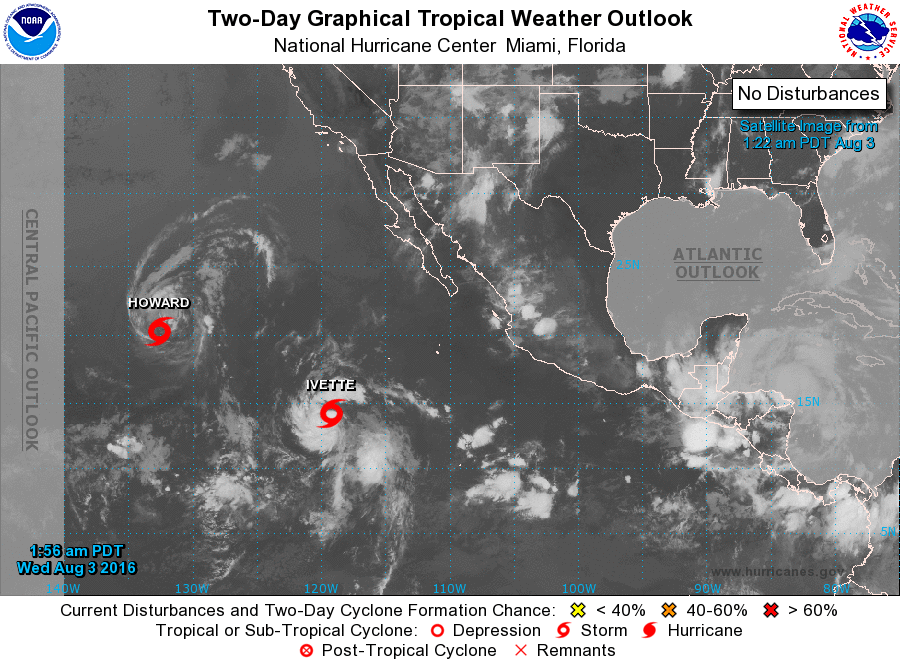
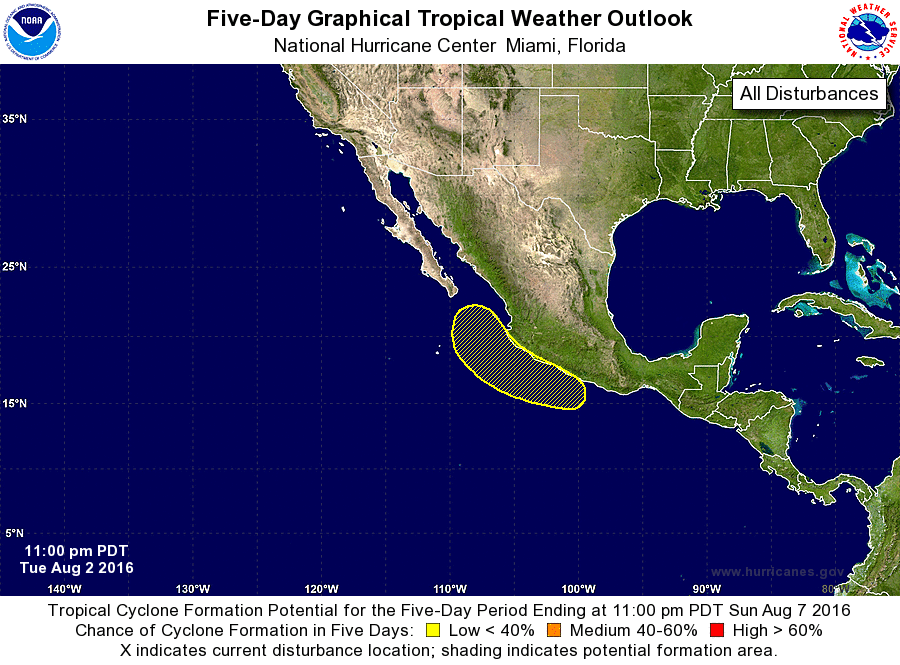
For the eastern North Pacific...east of 140 degrees west longitude:

The National Hurricane Center is issuing advisories on Tropical Storm Howard, located about 1400 miles west of the southern tip of the Baja California peninsula. The National Hurricane Center is also issuing advisories on Tropical Depression Ten-E, located more than 800 miles southwest of the southern tip of the Baja California peninsula.

1. An area of low pressure could form near the southern coast of Mexico late this weekend in association with the remnants of Atlantic Tropical Storm Earl after it moves across southern Mexico. Some subsequent development of this system is possible while it moves west-northwestward near the southwestern coast of Mexico early next week.
* Formation chance through 48 hours...low...near 0 percent
* Formation chance through 5 days...low...20 percent

Public Advisories on Tropical Depression Ten-E are issued under WMO header WTPZ35 KNHC and under AWIPS header MIATCPEP5. Forecast/Advisories on Tropical Depression Ten-E are issued under WMO header WTPZ25 KNHC and under AWIPS header MIATCMEP5.

Forecaster Brown